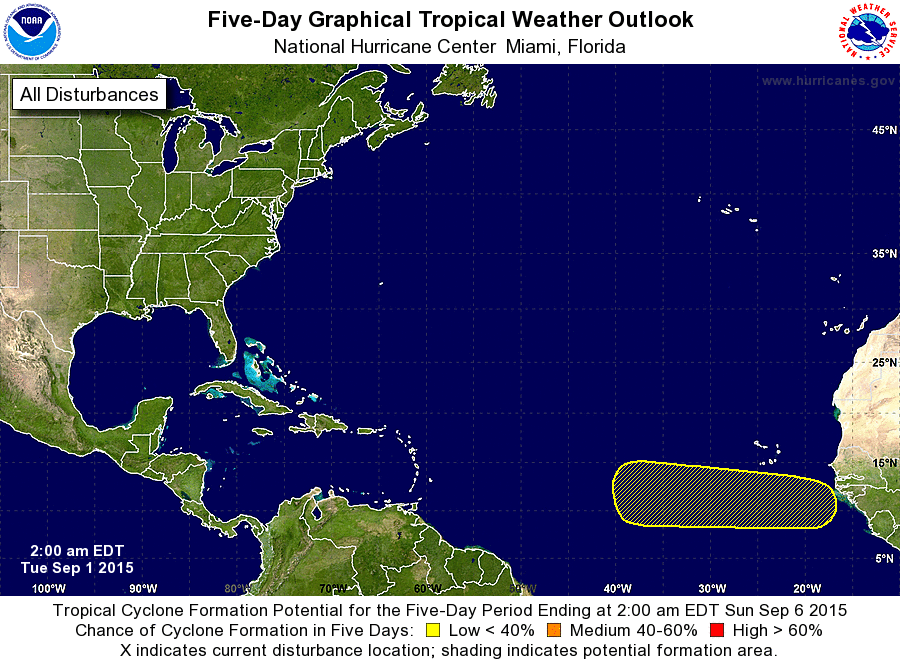
For the North Atlantic...Caribbean Sea and the Gulf of Mexico:

The National Hurricane Center is issuing advisories on recently downgraded Tropical Storm Fred, located just north of the northwestern Cape Verde Islands.

1. A tropical wave is forecast to move off of the west coast of Africa on Thursday several hundred miles southeast of the Cape Verde Islands. Environmental conditions are expected to be somewhat favorable for gradual development of this system through the weekend while it moves westward at 15 to 20 mph.
* Formation chance through 48 hours...low...near 0 percent
* Formation chance through 5 days...low...20 percent

Forecaster Stewart